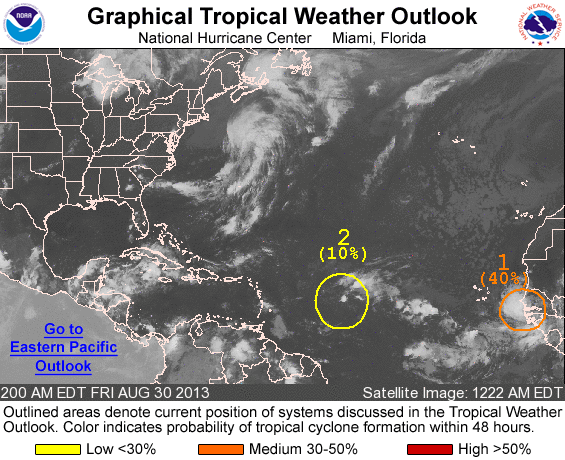
FOR THE NORTH ATLANTIC...CARIBBEAN SEA AND THE GULF OF MEXICO...

1. A BROAD AREA OF LOW PRESSURE ASSOCIATED WITH A TROPICAL WAVE OVER EXTREME WESTERN AFRICA IS PRODUCING SHOWERS AND THUNDERSTORMS. ENVIRONMENTAL CONDITIONS APPEAR CONDUCIVE FOR DEVELOPMENT...AND A TROPICAL DEPRESSION COULD FORM OVER THE NEXT COUPLE OF DAYS. LOCALLY HEAVY RAINS AND GUSTY WINDS ARE LIKELY IN THE CAPE VERDE ISLANDS AS THE WAVE NEARS THAT AREA LATE SATURDAY. THIS SYSTEM HAS A MEDIUM CHANCE...40 PERCENT...OF BECOMING A TROPICAL CYCLONE DURING THE NEXT 48 HOURS. AFTER THAT TIME...ENVIRONMENTAL CONDITIONS SHOULD SUPPORT SOME DEVELOPMENT WHILE THE LOW MOVES TOWARD THE WEST-NORTHWEST OVER THE EASTERN ATLANTIC. THE SYSTEM HAS A HIGH CHANCE...60 PERCENT...OF BECOMING A TROPICAL CYCLONE DURING THE NEXT 5 DAYS.

2. A TROPICAL WAVE LOCATED ABOUT 850 MILES EAST OF THE LESSER ANTILLES IS PRODUCING A LARGE AREA OF DISORGANIZED CLOUDINESS AND SHOWERS OVER THE CENTRAL ATLANTIC OCEAN. ALTHOUGH THUNDERSTORMS HAVE RECENTLY INCREASED...THIS WAVE IS FORECAST TO MOVE WESTWARD INTO A REGION WHERE THE UPPER-LEVEL WINDS ARE NOT PARTICULARLY FAVORABLE FOR DEVELOPMENT. THIS SYSTEM HAS A LOW CHANCE...10 PERCENT...OF BECOMING A TROPICAL CYCLONE DURING THE NEXT 48 HOURS...AND A LOW CHANCE...20 PERCENT...OF BECOMING A TROPICAL CYCLONE DURING THE NEXT 5 DAYS.

FIVE-DAY FORMATION PROBABILITIES ARE EXPERIMENTAL IN 2013. COMMENTS ON THE EXPERIMENTAL FORECASTS CAN BE PROVIDED AT...

HTTP://WWW.NWS.NOAA.GOV/SURVEY/NWS-SURVEY.PHP?CODE=ETWO

FORECASTER BLAKE